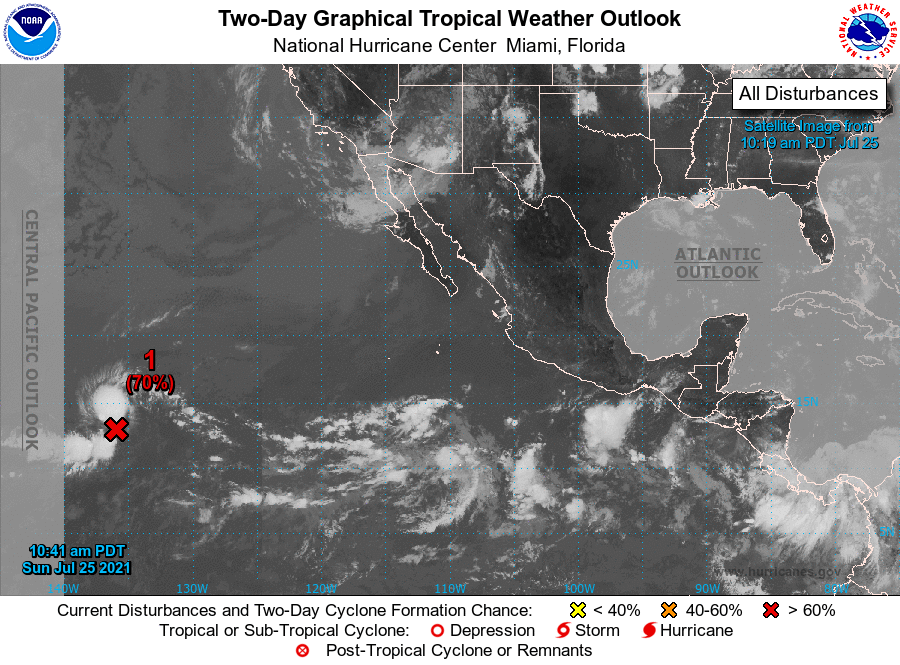
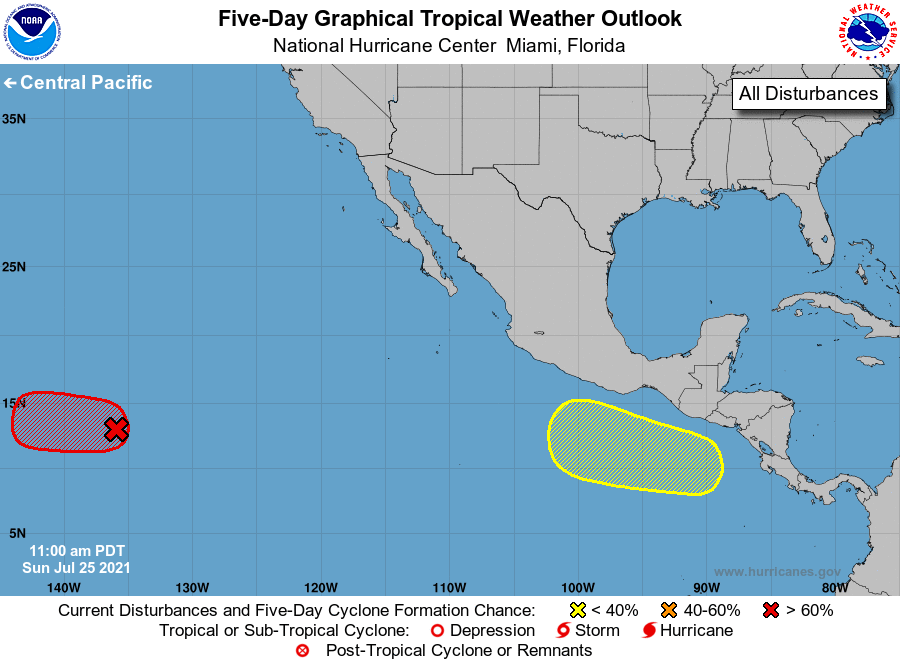
For the eastern North Pacific...east of 140 degrees west longitude:

1. Recent satellite and microwave imagery indicate that an area of low pressure located over 1300 miles east-southeast of the Hawaiian Islands continues to show signs of organization. Environmental conditions remain conducive for further development, and a tropical depression is likely to form within the next day or so while the system moves westward at 10 to 15 mph. By Tuesday night, conditions are expected to become unfavorable for further development of this system.
* Formation chance through 48 hours...high...70 percent.
* Formation chance through 5 days...high...70 percent.

2. An area of low pressure is forecast to develop by midweek a few hundred miles south or southeast of the Gulf of Tehuantepec. Thereafter, some gradual development is possible through late this week while the system moves generally west-northwestward at 10 to 15 mph, remaining a couple of hundred miles offshore of the coast of southern Mexico.
* Formation chance through 48 hours...low...near 0 percent.
* Formation chance through 5 days...low...30 percent.

Forecaster Reinhart/Pasch